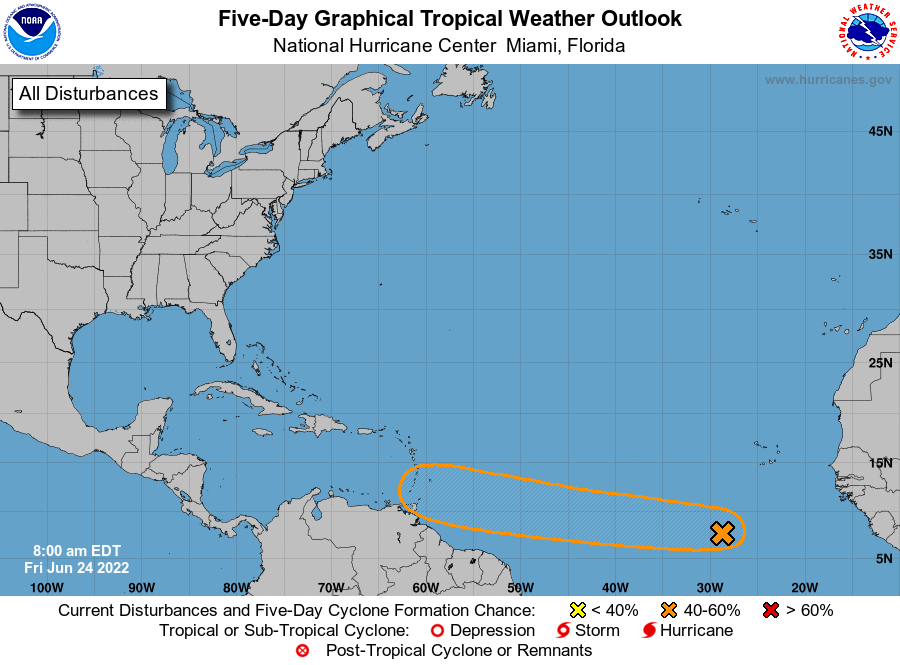
For the North Atlantic...Caribbean Sea and the Gulf of Mexico:

1. Tropical Atlantic: A tropical wave located over the eastern tropical Atlantic continues to produce a large area of disorganized showers and thunderstorms. Environmental conditions appear conducive for development of this system over the next few days, and a tropical depression could form during the early to middle part of next week while it moves westward at around 15 mph over the tropical Atlantic and approaches the Windward Islands.
* Formation chance through 48 hours...low...20 percent.
* Formation chance through 5 days...medium...60 percent.

Forecaster Berg